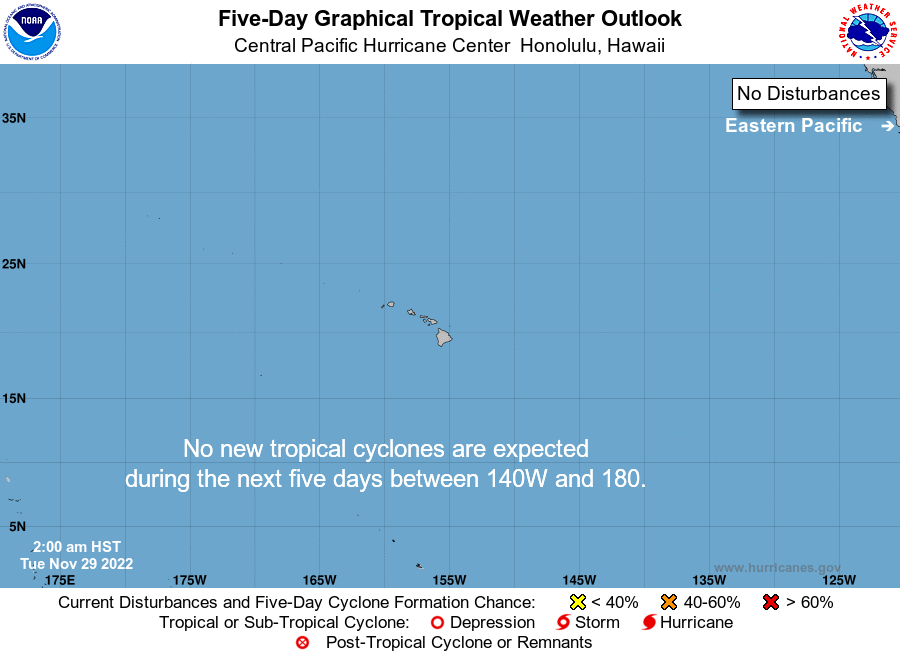
For the central North Pacific...between 140W and 180W:

No tropical cyclones are expected during the next 5 days.

The central North Pacific hurricane season officially ends on November 30. The final Tropical Weather Outlook of the season will be issued at 8 PM HST on November 30. Routine issuance of the Tropical Weather Outlook will resume on June 1, 2023. During the off-season, Tropical Weather Outlooks will be issued if conditions warrant.

Forecaster Shigesato